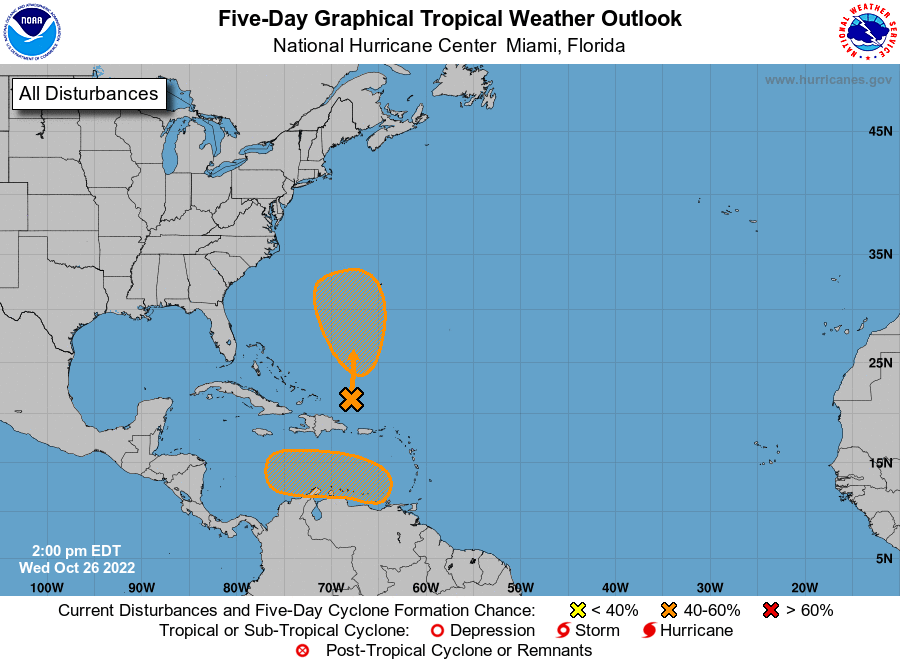
For the North Atlantic...Caribbean Sea and the Gulf of Mexico:

1. Southwestern Atlantic: A trough of low pressure stretching from the eastern Caribbean northward to the southwestern Atlantic continues to produce a broad area of disorganized showers and thunderstorms. Environmental conditions appear conducive for some gradual subtropical development of this system, and a subtropical depression could form while it drifts northward during the next couple of days. The system is then forecast to meander over the subtropical western Atlantic to the west or southwest of Bermuda. Upper-level winds are forecast to become less conducive for development by the end of the weekend.
* Formation chance through 48 hours...medium...40 percent.
* Formation chance through 5 days...medium...50 percent.

2. Eastern Caribbean: An area of low pressure is expected to form over the eastern Caribbean Sea this weekend. Environmental conditions are forecast to be conducive for gradual development, and a tropical depression could form by early next week while the disturbance moves generally westward or west-northwestward over the central Caribbean Sea.
* Formation chance through 48 hours...low...near 0 percent.
* Formation chance through 5 days...medium...40 percent.

Forecaster Hagen/Reinhart